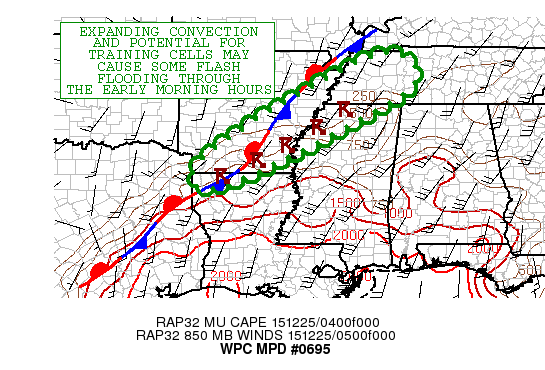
AREAS AFFECTED...EXTREME NORTHWEST LA...SOUTHEAST AR...NORTHWEST
MS...WESTERN TN

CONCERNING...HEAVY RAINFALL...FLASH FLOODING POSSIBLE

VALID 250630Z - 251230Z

SUMMARY...SHOWERS AND THUNDERSTORMS WILL EXPAND IN COVERAGE OVER
THE NEXT SEVERAL HOURS. SOME POTENTIAL WILL EXIST FOR SOME
TRAINING CONVECTION AND THIS MAY RESULT IN SOME LOCALIZED FLASH
FLOODING.

DISCUSSION...THE LATEST IR SATELLITE IMAGERY IS SHOWING AN
EXPANSION OF COLD-TOPPED CONVECTION OVER FAR NORTHWEST
LA...SOUTHEAST AR AND INTO FAR NORTHWEST MS. THE CONVECTION IS
FOCUSED ALONG A COLD FRONT WHICH IS IN THE PROCESS OF STALLING
OUT. IT IS CURRENTLY DRAPED FROM THE ARKLATEX NORTHEAST INTO THE
MID MS VALLEY.

THE THUNDERSTORMS WILL CONTINUE TO EXPAND IN COVERAGE OVER THE
NEXT FEW HOURS AS THE LOW-LEVEL FLOW INCREASES FROM THE SOUTH AND
AROUND THE WESTERN PERIPHERY OF THE SUBTROPICAL RIDGE NOSING
GRADUALLY WEST ACROSS THE GULF OF MEXICO. THE LAST COUPLE RUNS OF
THE HRRR AND ALSO THE 00Z ARW AND 00Z NMMB SOLUTIONS FAVOR A
RATHER SIGNIFICANT EXPANSION OF CONVECTION ACROSS SOUTHEAST AR AND
INTO NORTHWEST MS AND WESTERN TN BY 09Z AND CONTINUING THROUGH 12Z.

THE LATEST BLENDED-TPW PRODUCT SHOWS PWATS INCREASING ACROSS THE
REGION IN VICINITY OF THE FRONT...WITH VALUES APPROACHING 1.5
INCHES. THIS WILL INCREASE FURTHER OVER THE NEXT FEW HOURS AS A
SOUTH-SOUTHWEST LOW LEVEL JET INCREASES TO 30 TO 40 KTS BY 12Z
ACROSS THIS REGION...AND WITH A NOTABLE AREA OF SPEED CONVERGENCE
SUGGESTED BY THE HIRES GUIDANCE IN VICINITY OF THE FRONT.
INCREASING PWATS AND FORCING WILL RESULT IN INCREASING RAINFALL
RATES WHICH MAY APPROACH 2 INCHES/HR. THE DEEP LAYER SOUTHWESTERLY
FLOW RUNNING NEARLY PARALLEL TO THE FRONT WILL FOSTER A THREAT OF
TRAINING CONVECTION AS A RESULT...AND THUS SOME LOCALLY VERY HEAVY
RAINFALL AMOUNTS WILL BE POSSIBLE.

EXPECT AS MUCH AS 2 TO 4 INCHES OF RAIN LOCALLY WITH ISOLATED
AMOUNTS TO OVER 5 INCHES THROUGH 12Z. AT LEAST SOME LOCALIZED
FLASH FLOODING WILL BE POSSIBLE AS A RESULT. WILL CONTINUE TO
MONITOR.